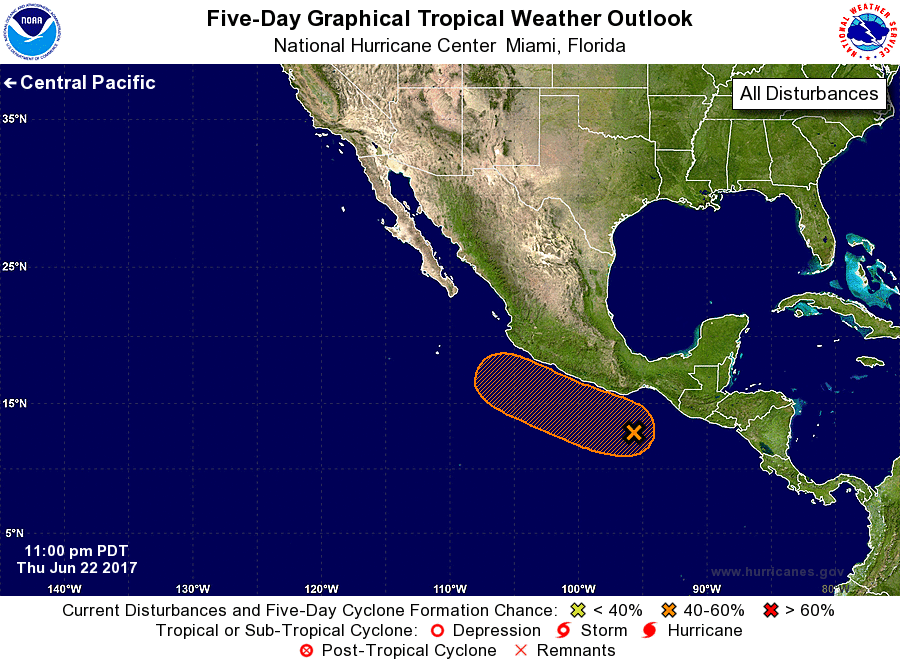
For the eastern North Pacific...east of 140 degrees west longitude:

1. A broad area of low pressure located a few hundred miles south of the Gulf of Tehuantepec is producing disorganized showers and thunderstorms. Environmental conditions appear conducive for development, and this system could become a tropical depression early next week while it moves slowly west-northwestward parallel to the coast of Mexico.
* Formation chance through 48 hours...low...30 percent.
* Formation chance through 5 days...medium...60 percent.

Forecaster Berg